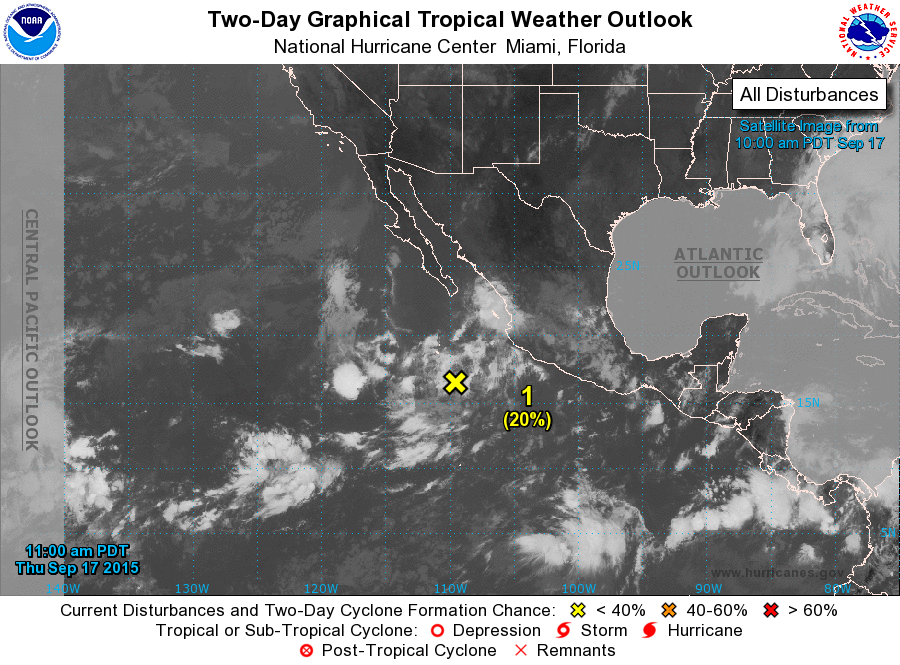
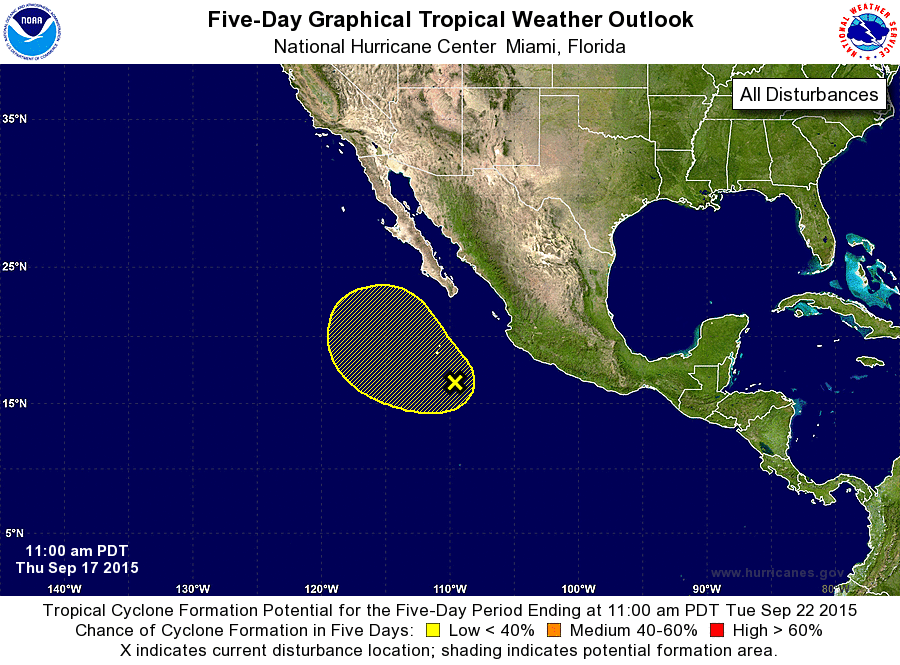
For the eastern North Pacific...east of 140 degrees west longitude:

1. A large and elongated area of low pressure located several hundred miles south of the southern tip of the Baja California peninsula continues to produce disorganized cloudiness and thunderstorms. Some gradual development of this system is possible through this weekend while it moves slowly northwestward to north-northwestward.
* Formation chance through 48 hours...low...20 percent
* Formation chance through 5 days...low...30 percent

Forecaster Berg